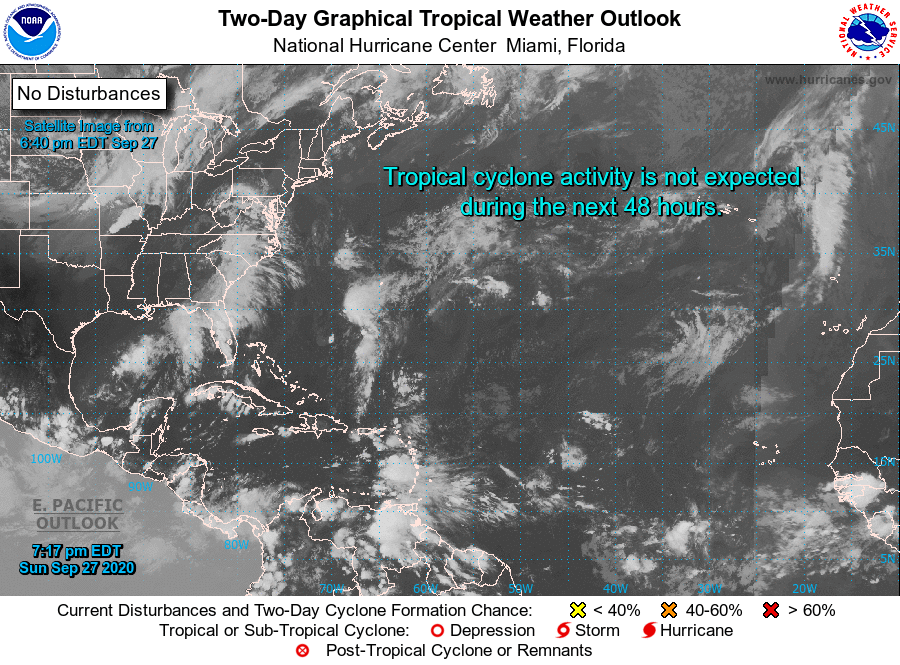
For the North Atlantic...Caribbean Sea and the Gulf of Mexico:

1. A broad area of low pressure could form over the western Caribbean Sea in a few days. Some slow development is possible late this week while the system moves slowly west-northwestward over the northwestern Caribbean.
* Formation chance through 48 hours...low...near 0 percent.
* Formation chance through 5 days...low...20 percent.

Forecaster Blake